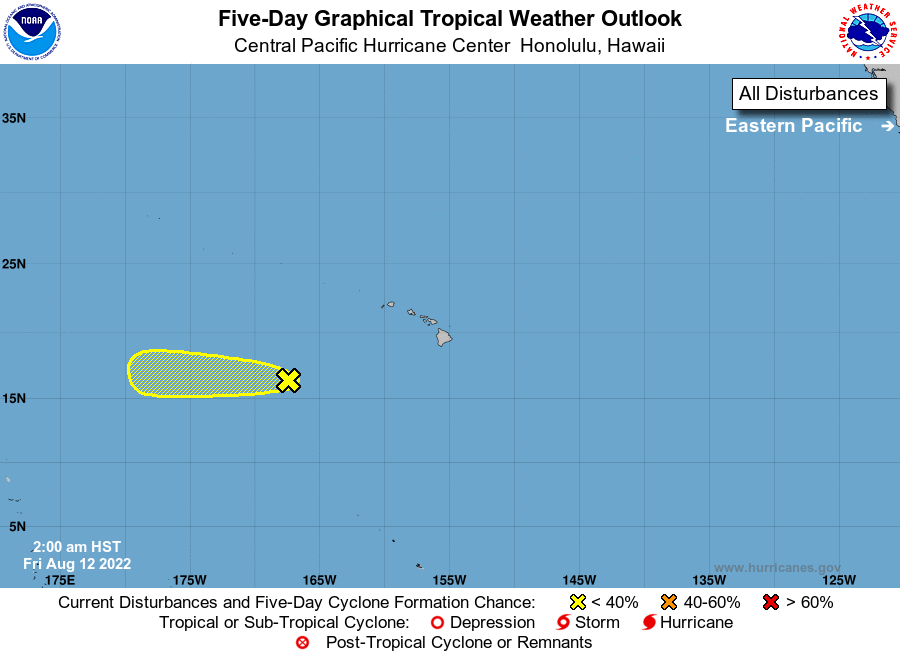
For the central North Pacific...between 140W and 180W:

1. Well southwest of the main Hawaiian Islands: A trough of low pressure located around 700 miles west-southwest of Honolulu, Hawaii is producing persistent showers and thunderstorms. Environmental conditions are expected to become less conducive for development of this system during the next couple days as it moves generally west to west-northwest at around 15 mph.
* Formation chance through 48 hours...low...10 percent.
* Formation chance through 5 days...low...10 percent.

Elsewhere, no tropical cyclones are expected during the next 5 days.

Forecaster Jelsema